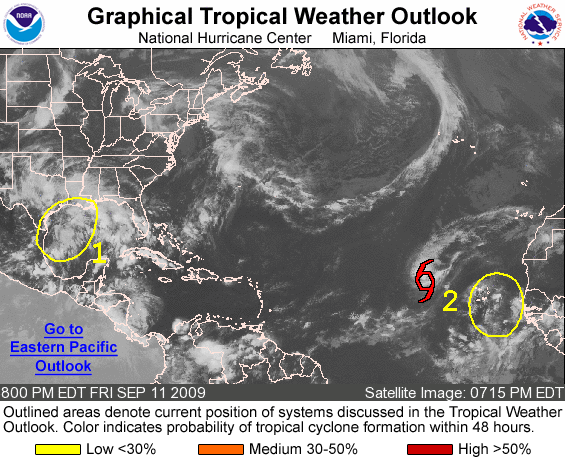
FOR THE NORTH ATLANTIC...CARIBBEAN SEA AND THE GULF OF MEXICO...

THE NATIONAL HURRICANE CENTER IS ISSUING ADVISORIES ON RECENTLY-DOWNGRADED TROPICAL STORM FRED...LOCATED ABOUT 715 MILES WEST-NORTHWEST OF THE CAPE VERDE ISLANDS.

1. A LARGE AREA OF DISTURBED WEATHER COVERING MUCH OF THE GULF OF MEXICO IS ASSOCIATED WITH A SURFACE TROUGH. WHILE UPPER-LEVEL WINDS ARE NOT CONDUCIVE FOR TROPICAL CYCLONE DEVELOPMENT...THIS SYSTEM WILL BRING LOCALLY HEAVY RAINS TO THE NORTHERN GULF COAST OVER THE NEXT DAY OR TWO AS IT MOVES SLOWLY NORTHWARD. THERE IS A LOW CHANCE...LESS THAN 30 PERCENT...OF THIS SYSTEM BECOMING A TROPICAL CYCLONE DURING THE NEXT 48 HOURS.

2. A BROAD AREA OF LOW PRESSURE ASSOCIATED WITH A TROPICAL WAVE IS LOCATED ABOUT HALFWAY BETWEEN THE WEST COAST OF AFRICA AND THE CAPE VERDE ISLANDS. WHILE SHOWER AND THUNDERSTORM ACTIVITY ASSOCIATED WITH THIS SYSTEM IS MINIMAL...THERE IS THE POTENTIAL FOR SOME SLOW DEVELOPMENT DURING THE NEXT COUPLE OF DAYS AS IT MOVES WESTWARD AT 10 TO 15 MPH. THERE IS A LOW CHANCE...LESS THAN 30 PERCENT...OF THIS SYSTEM BECOMING A TROPICAL CYCLONE DURING THE NEXT 48 HOURS.

ELSEWHERE...TROPICAL CYCLONE FORMATION IS NOT EXPECTED DURING THE NEXT 48 HOURS.

FORECASTER BRENNAN